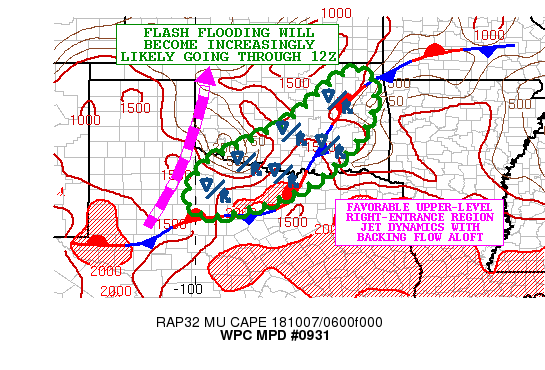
Areas affected...West-Central to Northwest TX...South-Central to
Northeast OK

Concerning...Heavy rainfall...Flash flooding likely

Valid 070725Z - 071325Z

Summary...Slow-moving and repeating showers and thunderstorms will
continue through dawn, and with the ground becoming increasingly
saturated, flash flooding will become increasingly likely.

Discussion...The latest WV satellite imagery over the last few
hours has been showing a gradual backing of the mid and
upper-level flow across the broader Southern Plains region which
is response to a sharply amplifying trough over the Southwest U.S.
This is resulting in an increase in deep layer ascent/forcing
across west-central to northwest TX and up across central/southern
OK where convection has been active throughout the night.

The activity continues to focus in vicinity of a quasi-stationary
frontal zone with modest instability characterized by MUCAPE
values of 1000 to 1500 j/kg. PWATS across the region are running
between 1.6 and 1.8 inches which is again about 2 standard
deviations above normal for this time of the year.

Given an increasingly diffluent flow pattern aloft and favorable
upper-level right-entrance region jet dynamics on the larger
scale, the ongoing convective activity will be sustainable and
actual may tend to expand a bit in coverage and intensity going
through 12Z.

The latest HRRR guidance favors as much as 3 to 5 inches of
additional rain locally going through 12Z, and there is some
moderate support for this from the 00Z ARW/ARW2 solutions as well
despite some differences with the placement of the heaviest
rainfall.

Given the additional rainfall potential and with the ground
becoming increasingly saturated, the threat for flash flooding is
expected to become more likely this morning.